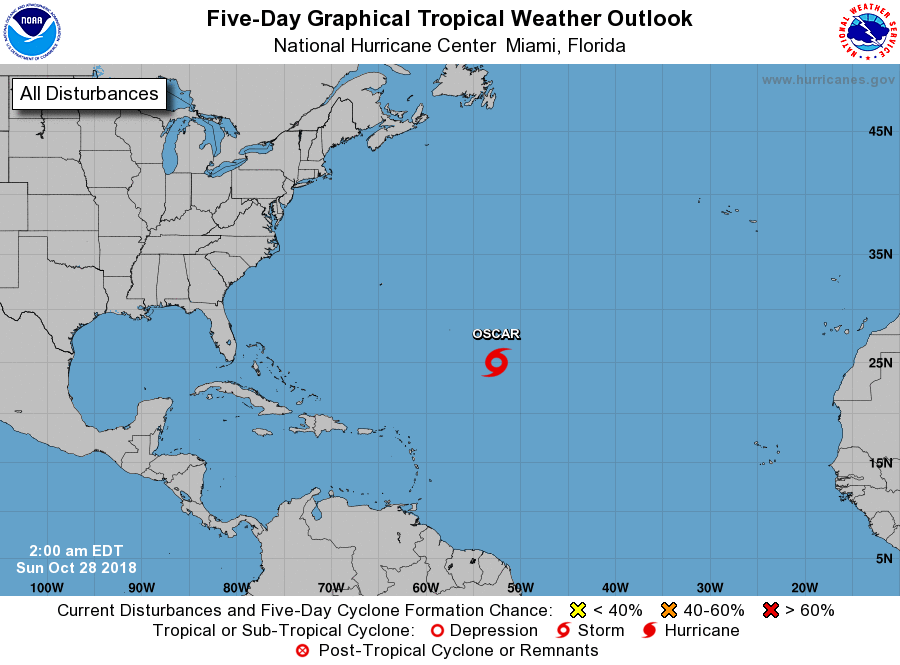
For the North Atlantic...Caribbean Sea and the Gulf of Mexico:

The National Hurricane Center is issuing advisories on Tropical Storm Oscar, located over the central Atlantic Ocean.

Tropical cyclone formation is not expected during the next 5 days.

Forecaster Pasch